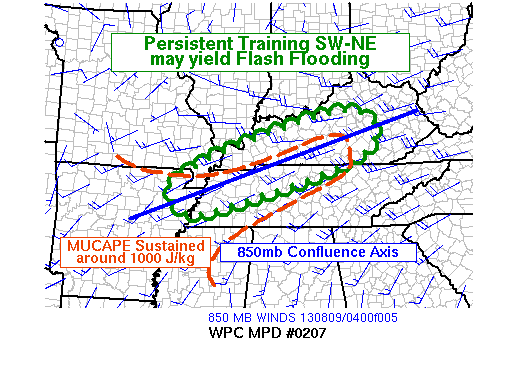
AREAS AFFECTED...WESTERN KY...NORTHWEST TN...NORTHEAST
AR...SOUTHEAST MO

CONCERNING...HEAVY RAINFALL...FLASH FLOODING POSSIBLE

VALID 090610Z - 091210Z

SUMMARY...THUNDERSTORMS WITH HEAVY RAINFALL WILL TRAIN FROM SW TO
NE. FLASH FLOODING IS POSSIBLE.

DISCUSSION...THIS REGION WAS IN THE WARM SECTOR OF A SFC FRONTAL
ZONE STRETCHING FROM AR/MO TO IN/OH. CONFLUENCE WAS ESTABLISHED
FROM 850-700 MB ALONG AND JUST NORTH OF AN AXIS OF UNSTABLE
AIR...WITH MUCAPES PREDICTED BY THE RAP AND SREF TO REMAIN NEAR
1000 J/KG...OR AT LEAST GREATER THAN 500 J/KG THROUGH MORNING.
SIMILAR VALUES WERE NOTED YESTERDAY WHEN TRAINING YIELDED A
SIGNIFICANT FLASH FLOOD EVENT AROUND NASHVILLE.

THE AXIS FOR HEAVY RAIN THIS MORNING HAS SET UP FARTHER
NORTH...BUT SOME PROPAGATION TO THE E AND S MAY EVENTUALLY BRING
HEAVY RAIN DOWN TO THE LATITUDE OF INTERSTATE 40 BY MORNING. IN
THE MEANTIME...THE GREATER THREAT FOR HEAVY RAINFALL WILL BE FROM
NE AR AND THE MO BOOT HEEL UP TO NEAR MORGANTOWN AND ELIZBETHTOWN
IN KY.

AGAIN DRAWING PARALLELS TO LAST NIGHT...INITIAL RADAR ECHOES
SHOWED SIMILAR HEAVY RAINFALL CHARACTER...WITH TOPS APPROACHING 50
KFT AND YET LITTLE HAIL INDICATED PER DUAL POL VARIABLES AND
ALGORITHMS. THE CONVECTIVE CLUSTER EAST OF PADUCAH SHOULD GROW AND
PERSIST...WHILE ACTIVITY FILLS IN ALONG THE NARROW CONFLUENCE AXIS
IN ADVANCE OF THE COLD POOL COMING OUT OF NORTHEAST AR. RECENT
RUNS OF THE HRRR INDICATE A GOOD DEAL OF TRAINING...AND SEVERAL
HIRES MODELS SHOW NARROW HEAVY RAIN SWATHS ALONG THIS AXIS. THEY
INCLUDE THE NAM CONEST AND SPC WRF.

FLASH FLOOD GUIDANCE ALONG THE INITIAL AXIS IS GENERALLY 2 INCHES
IN 1 HOUR OR 3 INCHES IN 3 HOURS. GUIDANCE VALUES LOWER WITH
SOUTHWARD EXTENT INTO TN. WITH PW VALUES IN EXCESS OF 2
INCHES...WE COULD EASILY SEE RAIN RATES TO 3 INCHES PER
HOUR...WITH LOCAL ACCUMULATIONS EXCEEDING 4 INCHES ON ROUGHLY THE
2 OR 3 HOUR TIME SCALE WHEREVER TRAINING IS MOST EFFICIENT.